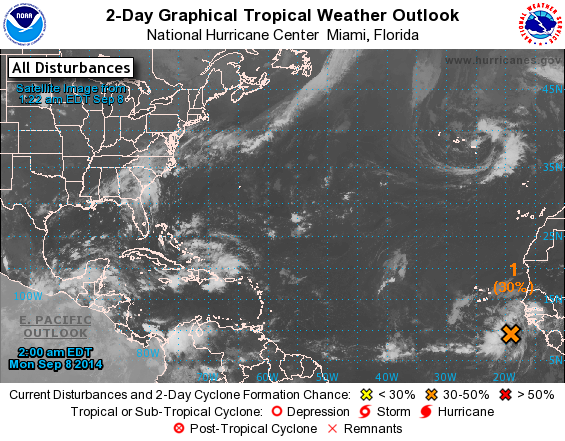
For the North Atlantic...Caribbean Sea and the Gulf of Mexico:

1. A broad area of low pressure has formed in association with a tropical wave located several hundred miles south-southeast of the Cape Verde Islands. Cloudiness and thunderstorms accompanying this system remain disorganized, but environmental conditions are expected to be conducive for gradual development of this disturbance during the next several days while it moves westward or west- northwestward at about 15 mph.
* Formation chance through 48 hours...medium...30 percent.
* Formation chance through 5 days...high...60 percent.

Forecaster Kimberlain